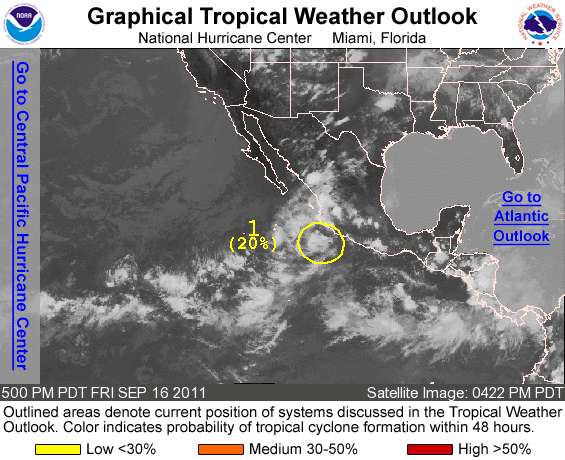
FOR THE EASTERN NORTH PACIFIC...EAST OF 140 DEGREES WEST LONGITUDE..

1. A SMALL BUT WELL-DEFINED LOW PRESSURE SYSTEM IS CENTERED ABOUT 150 MILES SOUTH OF MANZANILLO MEXICO. ALTHOUGH SHOWER ACTIVITY HAS BECOME A LITTLE MORE CONCENTRATED NEAR THE CENTER OF THE DISTURBANCE...ANY FURTHER DEVELOPMENT IS EXPECTED TO BE SLOW TO OCCUR AS THE LOW INTERACTS WITH ANOTHER LARGER WEATHER SYSTEM TO ITS SOUTHWEST. THIS SYSTEM HAS A LOW CHANCE...20 PERCENT...OF BECOMING A TROPICAL CYCLONE DURING THE NEXT 48 HOURS AS IT MOVES WEST-NORTHWESTWARD TO WESTWARD AT ABOUT 10 TO 15 MPH.

ELSEWHERE...TROPICAL CYCLONE FORMATION IS NOT EXPECTED DURING THE NEXT 48 HOURS.

FORECASTER STEWART